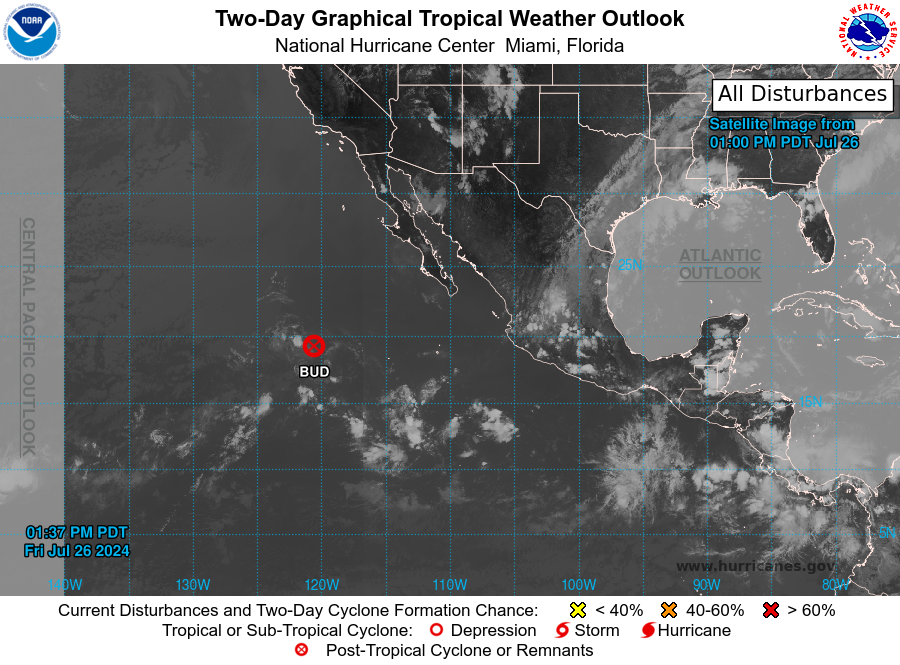
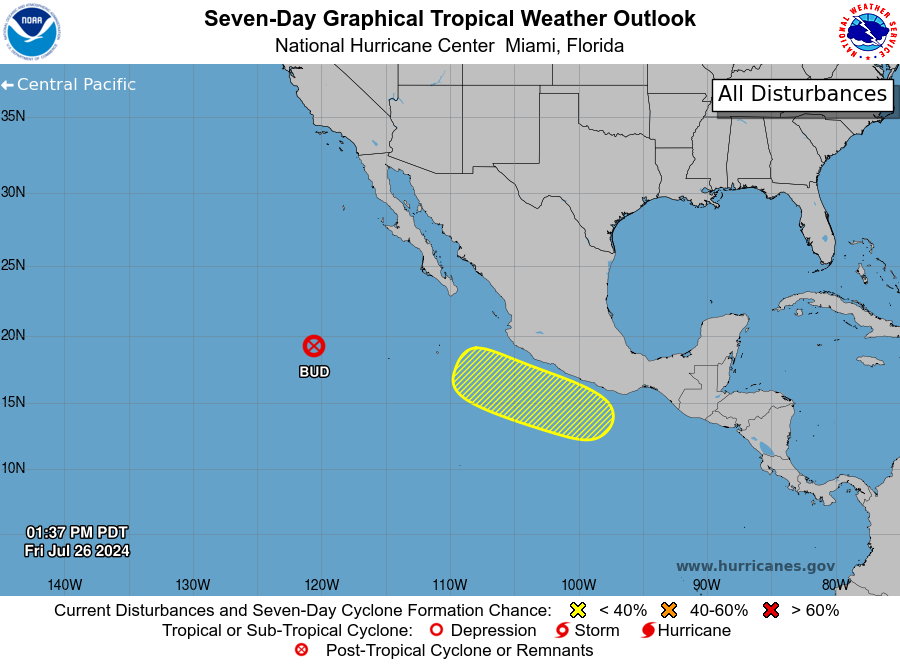
For the eastern North Pacific...east of 140 degrees west longitude:

Active Systems: The National Hurricane Center is issuing advisories on Tropical Storm Bud, located several hundred miles west-southwest of the southern tip of the Baja California Peninsula.

1. South of Southern Mexico: An area of low pressure could form by the middle of next week a few hundred miles south of the coast of southern Mexico. Some slow development is possible after that time as the system moves west-northwestward at 10 to 15 mph parallel to the coast of Mexico.
* Formation chance through 48 hours...low...near 0 percent.
* Formation chance through 7 days...low...30 percent.

Forecaster Kelly